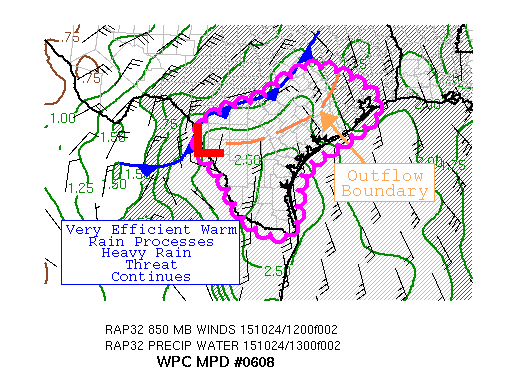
AREAS AFFECTED...TEXAS

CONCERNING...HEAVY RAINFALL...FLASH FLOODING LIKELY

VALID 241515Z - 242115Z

SUMMARY...VERY EFFICIENT WARM RAIN PROCESSES ACROSS THE
HIGHLIGHTED AREA ARE EXPECTED TO EXTEND THE THREAT FOR HEAVY
RAINFALL RATES...LEADING TO ADDTIONAL FLASH FLOODING.

DISCUSSION...20-30 KT SOUTHERLY LOW LEVEL FLOW CONTINUES TO
SUPPORT AN ANOMALOUSLY MOIST AIRMASS ACROSS THE REGION.  LATEST
MESOANALYSIS SHOWS 2-2.5 INCH PWS FROM NORTHEASTERN MEX AND THE
WESTERN GULF OF MEX NORTHWARD TO ALONG A NORTHERN STREAM SURFACE
FRONT DROPPING INTO SOUTH TEXAS.  GUIDANCE SHOWS THE BOUNDARY
SLOWING WITH MOIST LOW LEVEL INFLOW PERSISTING AHEAD OF A WEAK
WAVE MOVING OUT THE RIO GRANDE VALLEY ACROSS SOUTH TX LATE THIS
MORNING INTO THE EARLY AFTERNOON.  UPPER DIVERGENCE AFFORDED BY
THE RIGHT-ENTRANCE REGION OF AN UPPER JET EXTENDING FROM THE
SOUTHERN HIGH PLAINS TO THE UPPER MIDWEST WILL CONTINUE TO PROVIDE
LARGER SCALE LIFT.  WITH THE EXCEPTION OF SOUTH TX AND THE TX
COAST...INSTABILITY IS QUITE LIMITED ACROSS MUCH OF THE
HIGHLIGHTED AREA.  HOWEVER...ANOMALOUSLY MOIST PROFILES AS
INDICATED BY MORNING SOUNDINGS FROM CRP AND BRO...WITH ABOVE
FREEZING LEVELS EXTENDING 4.5-5 KM...SUGGEST VERY EFFICIENT WARM
RAIN PROCESSES...RESULTING IN HEAVY RAINFALL RATES AND A
CONTINUATION OF THE FLASH FLOODING THREAT.

WHILE DIFFERING ON THE DETAILS...HI-RES GUIDANCE FROM
OVERNIGHT...AS WELL AS THE LATEST RUNS OF THE OPERATIONAL AND
EXPERIMENTAL HRRR SHOW WIDESPREAD ADDITIONAL TOTALS OF 2-4 INCHES
ACROSS THE HIGHLIGHTED AREA THROUGH 21Z.